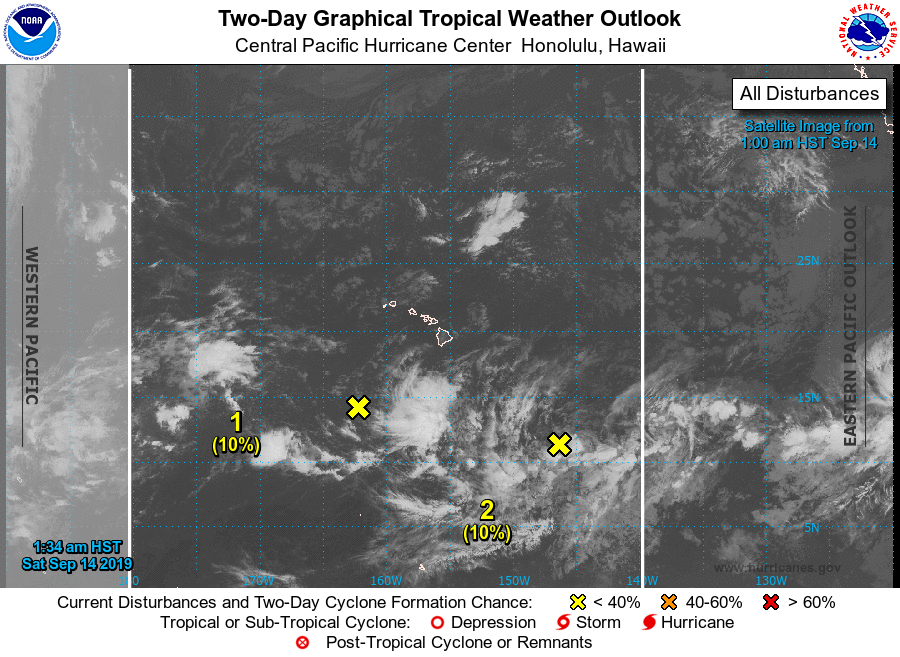
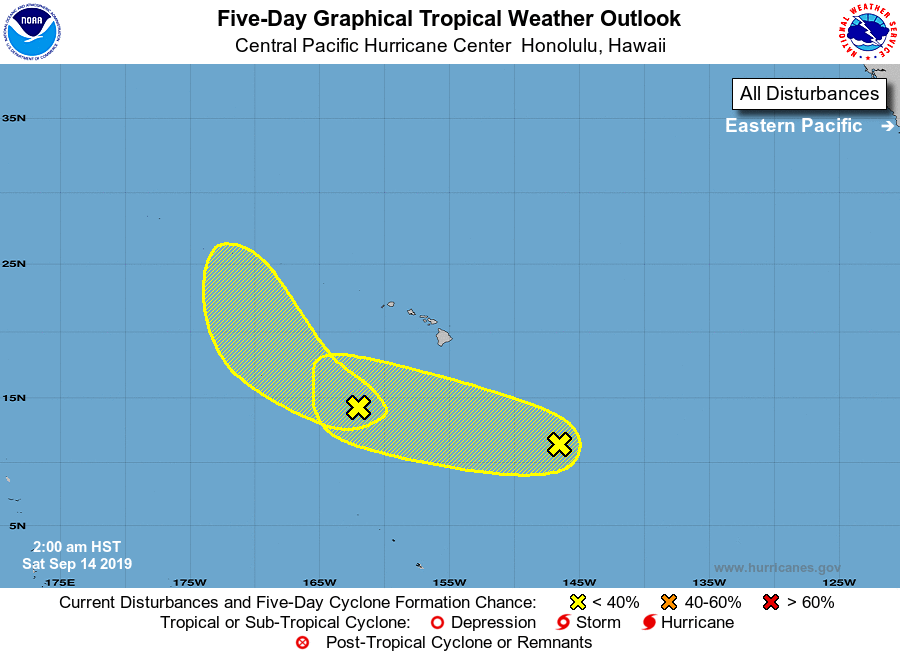
For the central North Pacific...between 140W and 180W:

1. An area of low pressure is centered about 600 miles south southwest of Honolulu, Hawaii. Some slow development of this system is possible during the next several days while the system moves slowly northwestward.
* Formation chance through 48 hours...low...10 percent.
* Formation chance through 5 days...low...20 percent.

2. An area disturbed weather is located around 850 miles southeast of the Big Island of Hawaii. Some slow development of this disturbance is possible during the next several days while the system moves slowly west-northwestward.
* Formation chance through 48 hours...low...10 percent.
* Formation chance through 5 days...low...20 percent.

Elsewhere, no tropical cyclones are expected during the next 5 days.

Forecaster Donaldson